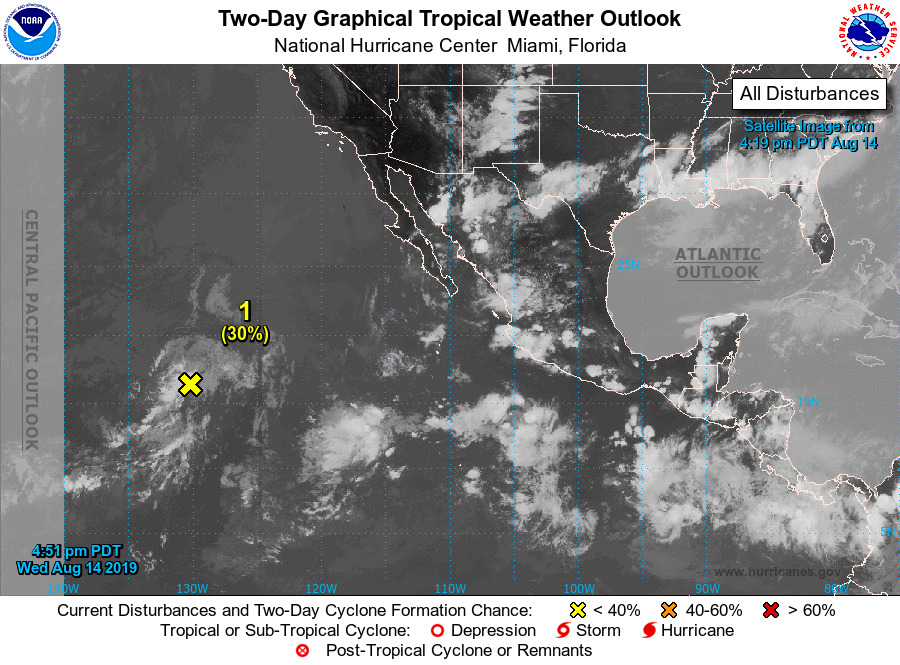
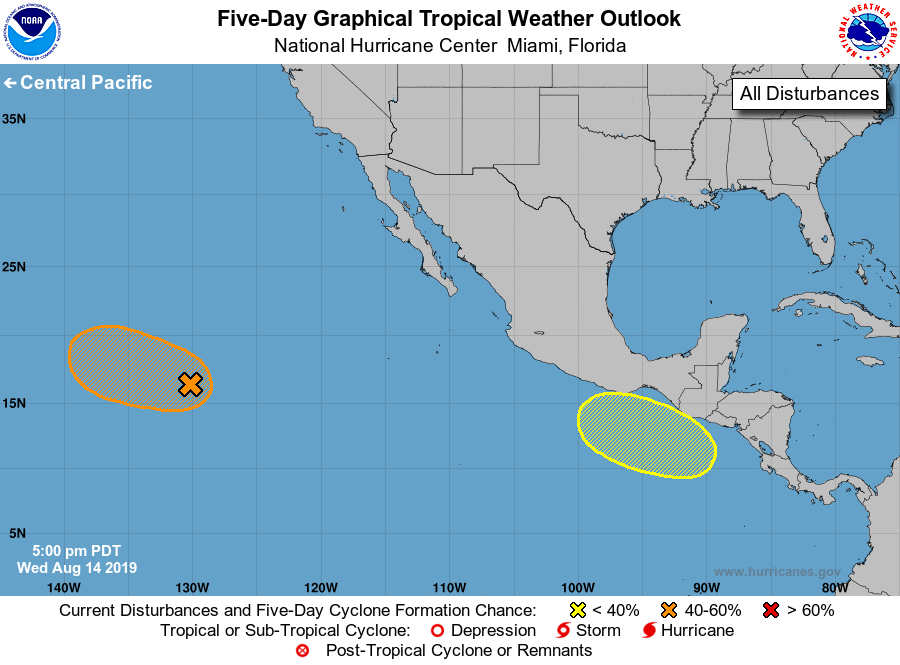
For the eastern North Pacific...east of 140 degrees west longitude:

1. A weak area of low pressure located about 1400 miles west-southwest of the southern tip of the Baja California peninsula continues to produce limited showers and thunderstorms. Recent satellite-based wind data indicates that the circulation of the system is elongated and poorly defined. Environmental conditions are expected to be marginally conducive for development for the next couple of days and a tropical depression could still form before the system reaches cooler waters and upper-level winds become unfavorable over the central Pacific. This disturbance is forecast to move west-northwestward at 10 to 15 mph during the next couple of days.
* Formation chance through 48 hours...low...30 percent.
* Formation chance through 5 days...medium...40 percent.

2. An area of low pressure is forecast to form south or southeast of the southeastern coast of Mexico over the weekend. Environmental conditions are expected to be conducive for gradual development of the system early next week while it moves generally westward.
* Formation chance through 48 hours...low...near 0 percent.
* Formation chance through 5 days...low...30 percent.

Forecaster Zelinsky